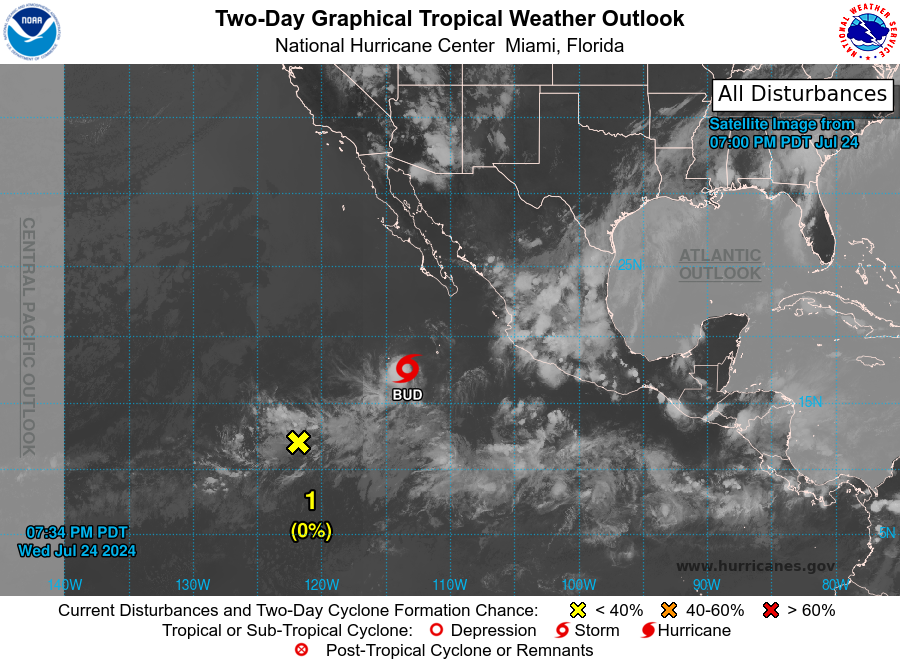
For the eastern North Pacific...east of 140 degrees west longitude:

Active Systems: The National Hurricane Center is issuing advisories on newly formed Tropical Storm Bud, located several hundred miles south-southwest of the southern tip of the Baja California Peninsula.

1. Western East Pacific: A tropical wave located more than one thousand miles southwest of the southern tip of the Baja California Peninsula is associated with some disorganized shower and thunderstorm activity. Development of this system appears unlikely over the next several days while it moves westward to west-northwestward at 10 to 15 mph across the western portion of the basin.
* Formation chance through 48 hours...low...near 0 percent.
* Formation chance through 7 days...low...10 percent.

Public Advisories on Tropical Storm Bud are issued under WMO header WTPZ32 KNHC and under AWIPS header MIATCPEP2. Forecast/Advisories on Tropical Storm Bud are issued under WMO header WTPZ22 KNHC and under AWIPS header MIATCMEP2.

Forecaster Reinhart